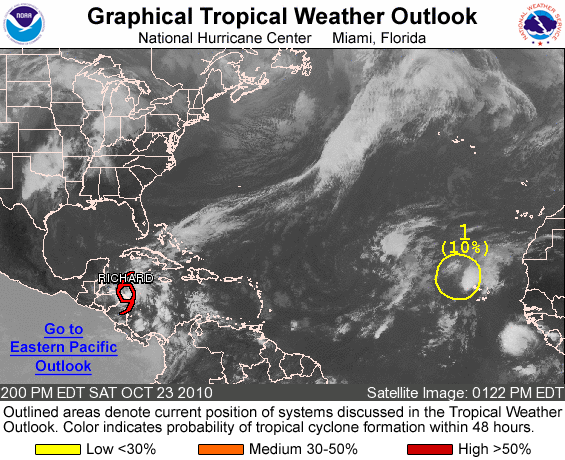
FOR THE NORTH ATLANTIC...CARIBBEAN SEA AND THE GULF OF MEXICO...

THE NATIONAL HURRICANE CENTER IS ISSUING ADVISORIES ON TROPICAL STORM RICHARD...LOCATED ABOUT 80 MILES NORTH-NORTHWEST OF THE HONDURAS/NICARAGUA BORDER.

1. A BROAD LOW PRESSURE SYSTEM LOCATED ABOUT 250 MILES WEST-NORTHWEST OF THE NORTHERNMOST CAPE VERDE ISLANDS IS PRODUCING DISORGANIZED SHOWERS AND THUNDERSTORMS. UPPER-LEVEL WINDS ARE NOT CONDUCIVE FOR ANY SIGNIFICANT DEVELOPMENT OF THIS DISTURBANCE FOR THE NEXT COUPLE OF DAYS. THERE IS A LOW CHANCE...10 PERCENT...OF THIS SYSTEM BECOMING A TROPICAL CYCLONE DURING THE NEXT 48 HOURS AS IT MOVES TOWARD THE NORTHWEST AT 15 MPH TO 20 MPH.

ELSEWHERE...TROPICAL CYCLONE FORMATION IS NOT EXPECTED DURING THE NEXT 48 HOURS.

FORECASTER STEWART